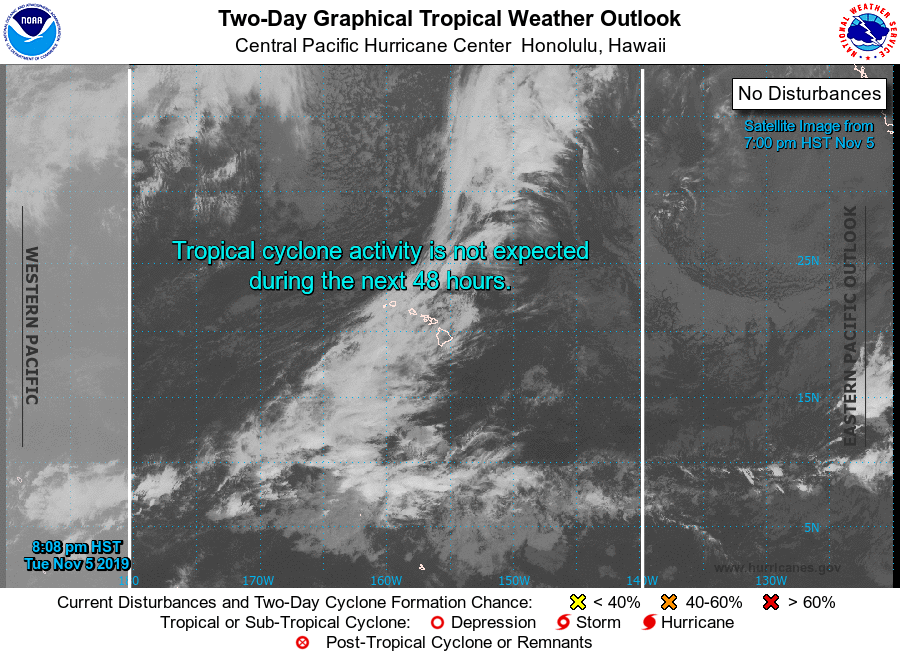
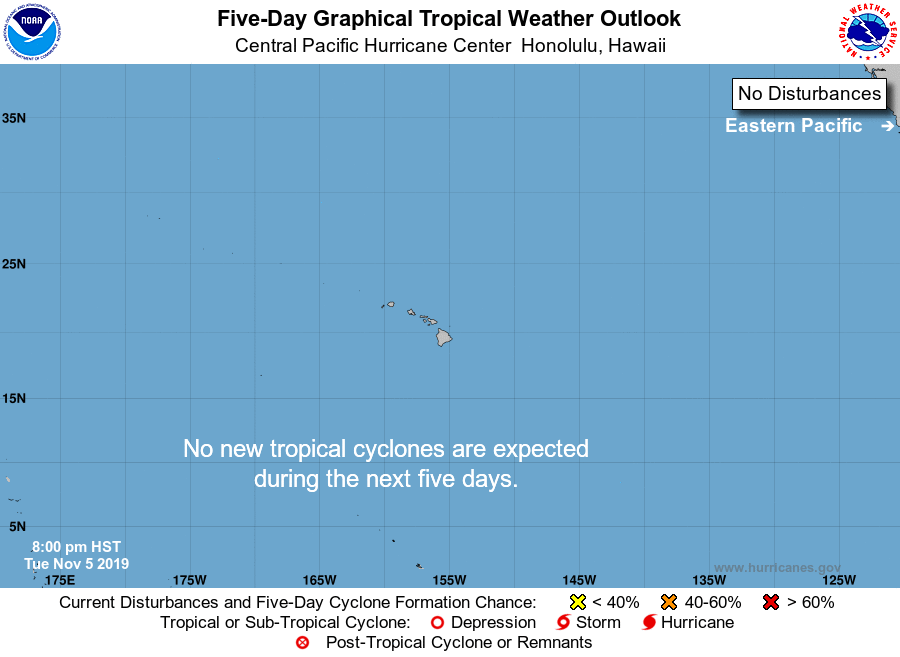
For the central North Pacific...between 140W and 180W:

No tropical cyclones are expected during the next 5 days.

Forecaster Gibbs